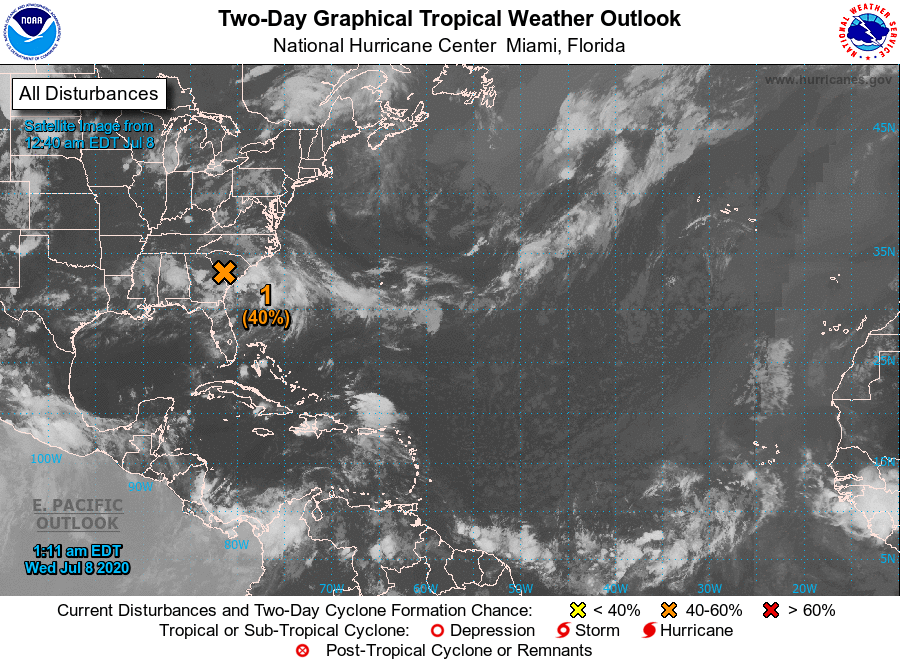
For the North Atlantic...Caribbean Sea and the Gulf of Mexico:

1. An area of low pressure centered inland over South Carolina continues to produce a large area of disorganized showers and heavy rain over portions of the southeastern United States. The low is expected to move east-northeastward toward the coast later today and then turn northeastward near or just offshore of the Carolinas and the mid-Atlantic states Thursday and Friday, where a tropical or subtropical cyclone could form if the low moves over water. Regardless of development, the low is expected to to produce locally heavy rainfall that could cause flash flooding across portions of the southeastern and mid-Atlantic U.S. during the next few days.
* Formation chance through 48 hours...medium...40 percent.
* Formation chance through 5 days...medium...50 percent.

Forecaster Cangialosi